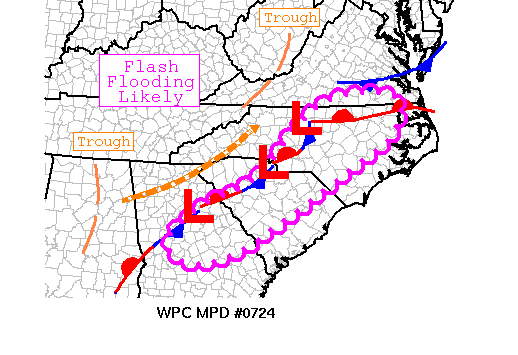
AREAS AFFECTED...SOUTHEAST

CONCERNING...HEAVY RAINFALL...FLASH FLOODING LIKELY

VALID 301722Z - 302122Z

SUMMARY...FLASH FLOODING IS LIKELY ANYWHERE FROM SOUTHERN VIRGINIA
ACROSS THE CENTRAL CAROLINAS INTO GEORGIA THIS AFTERNOON.

DISCUSSION...A STATIONARY FRONT WITH MULTIPLE AREAS OF LOW
PRESSURE CONTINUES FROM GREENSBORO TO CHARLOTTE TO ATLANTA...WITH
A SHORTWAVE TROUGH OVER ALABAMA APPROACHING THE FRONT. THROUGH THE
MORNING THE MAJORITY OF CONVECTION WAS HIGH-BASED...THUS
MAINTAINING MODEST RAIN RATES. HOWEVER...RECENT CLEARING EVIDENT
IN VISIBLE SATELLITE IMAGES HAS ALLOWED THE BOUNDARY LAYER TO WARM
AND COUPLE WITH THE LAYER ABOVE...WITH SBCAPES RISING TO 500-1500
J/KG...ALONG WITH LITTLE OR NO INHIBITION.

GIVEN THE WEAK CAP AND MESOSCALE NATURE OF THIS EVENT...BOTH
GLOBAL AND HI-RES GUIDANCE IS RESOLVING IT POORLY.
HOWEVER...EXTRAPOLATING THE LATEST TRENDS SUPPORT A GREATER
POTENTIAL FOR DEEPER CONVECTIVE CORES AND SLOWER CELL MOTIONS AS
THE EFFECTS OF PROPAGATION INCREASE. WITH THE SHORTWAVE TROUGH
OVER ALABAMA APPROACHING THE FRONT AND NUMEROUS LOWS ALREADY
FORMED ALONG IT...IT APPEARS LIKELY THAT ONE OR MORE LOWS WILL
CONTINUE TO DEVELOP AND DISSIPATE PERIODICALLY AND MAY ALLOW THE
FRONT TO LEAN FORWARD AND MORE DIRECTLY INTERSECT THE INFLOW THUS
SLOWING CELL MOTIONS AND CONTRIBUTING TO EVEN HIGHER RAIN RATES.

HOURLY RATES OF 1.5 TO 2 INCHES WILL BE POSSIBLE ON AN ISOLATED
BASES ALONG AND AHEAD OF THE FRONTAL BOUNDARY THROUGH THE
AFTERNOON AS IT MOVES SLOWLY EASTWARD...WITH 3-HOURLY RATES
POSSIBLY IN EXCESS OF 3 INCHES WHICH IS SLIGHTLY HIGHER THAN FFG
VALUES. GIVEN ALREADY HIGH RIVER LEVELS...ITS APPEARS LIKELY THAT
THESE RATES WILL BE SUFFICIENT TO CAUSE FLASH FLOODING.